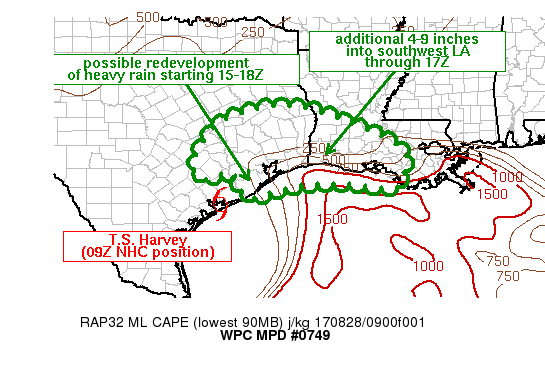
AREAS AFFECTED...SERN TX INTO SWRN/S-CNTRL LA

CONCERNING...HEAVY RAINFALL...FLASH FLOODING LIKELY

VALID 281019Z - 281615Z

SUMMARY...AN ONGOING HEAVY RAINFALL AXIS OVER THE SOUTHERN
TEXAS/LOUISIANA BORDER IS FORECAST TO SLOWLY MOVE EAST WITH 4-9
MORE INCHES OF RAIN EXPECTED THROUGH 17Z INTO SOUTHWESTERN
LOUISIANA. RENEWED DEVELOPMENT BACK WEST OF GALVESTON BAY IS
POSSIBLE STARTING 15-18Z. ADDITIONAL RAINFALL WILL ONLY EXACERBATE
ONGOING CATASTROPHIC FLASH FLOODING.

DISCUSSION...TROPICAL STORM HARVEY WAS LOCATED OVER MATAGORDA BAY
AT 09Z WITH A SLOW SOUTHEASTWARD MOVEMENT OBSERVED SINCE THEN VIA
KCRP RADAR IMAGERY. THE STORM HAS BEEN STEADILY MOVING TOWARD THE
SOUTHEAST NEAR 3 KT SINCE 00Z AND THE 09Z NHC ADVISORY PLACES
HARVEY BACK OUT OVER THE GULF THROUGH 18Z. EXPERIMENTAL GOES 16
LOW LEVEL WATER VAPOR IMAGERY SHOWED A SIGNIFICANT AMOUNT OF DRIER
AIR PUSHING EASTWARD ACROSS SOUTH TEXAS INTO THE WESTERN GULF OF
MEXICO AND INFRARED IMAGERY SHOWED A STRONG BAND OF CONVECTION
EXTENDING FROM SOUTH TO NORTH AT THE LEADING EDGE OF THIS PUSH OF
DRIER AIR WITHIN AN AXIS OF GREATER LOW LEVEL THETA-E CO-LOCATED
WITH HIGHER MLCAPE SEEN IN THE LATEST RAP ANALYSIS. THIS BAND OF
HEAVIER RAIN HAS BEEN MOVING TOWARD THE EAST AT 5-6 KT OVER THE
PAST 4 HOURS BUT IS FORECAST BY SOME OF THE BETTER PERFORMING
HI-RES MODELS TO ACCELERATE TOWARD THE EAST AT ABOUT 15 KT TOWARD
17Z. HOWEVER...THIS MAY BE TOO FAST GIVEN CURRENT TRENDS...AND THE
HEAVY RAINFALL AXIS MAY BEGIN TO BREAK APART IF IT MOVES TOO FAR
AWAY FROM THE AXIS OF BETTER LOW LEVEL CONVERGENCE.

THE NORTHWARD EXTENT OF THE HEAVIEST RAINFALL RATES AS OF
10Z...RADAR ESTIMATED 2-3 IN/HR OVER JEFFERSON COUNTY IN FAR SERN
TX...HAS BEEN LIMITED BY MLCAPE DROPPING OFF RAPIDLY NORTH OF
COASTAL LOCATIONS. FORECASTS OF MLCAPE THROUGH 17Z KEEP THE
500-1000+ VALUES WITHIN ABOUT 50 MILES OF THE SOUTHERN LOUISIANA
COAST WITH MUCH WEAKER VALUES TO THE NORTH. ADDITIONAL 6 HOUR
RAINFALL TOTALS THROUGH 17Z ARE EXPECTED TO RANGE FROM 4-9 INCHES
FROM FAR SERN TEXAS INTO SWRN LOUISIANA.

FARTHER TO THE WEST...AS THE CENTER OF HARVEY MOVES BACK OUT OVER
THE GULF OF MEXICO...RENEWED CONVECTION WITH RAINFALL RATES OF 1-3
IN/HR MAY DEVELOP JUST EAST OF THE CIRCULATION CENTER WITH IMPACTS
TO LOCATIONS WEST OF GALVESTON BAY TO NEAR ROUTE 71...INCLUDING
THE HOUSTON METRO. THE TIME FRAME FOR THIS AREA OF NEW DEVELOPMENT
APPEARS TO BE IN THE 15-18Z TIME FRAME.